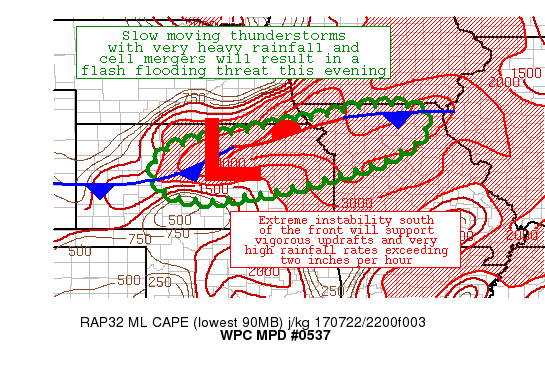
AREAS AFFECTED...EASTERN KANSAS AND NORTHERN MISSOURI

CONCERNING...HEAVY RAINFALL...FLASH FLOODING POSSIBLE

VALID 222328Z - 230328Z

SUMMARY...NUMEROUS AND INTENSE SLOW-MOVING THUNDERSTORMS WILL
CONTINUE DEVELOPING OVER THE NEXT SEVERAL HOURS WITH ADDITIONAL
CONCERNS FOR FLASH FLOODING.  RAINFALL RATES COULD EASILY EXCEED
TWO INCHES PER HOUR AT TIMES.

DISCUSSION...DOPPLER RADAR IMAGERY IS INDICATING INCREASING
COVERAGE OF VERY INTENSE CONVECTION WITH SLOW MOVEMENT NEAR A
SURFACE FRONT OVER NORTH CENTRAL KANSAS THIS EVENING.  IMPRESSIVE
OVERSHOOTING TOPS HAVE BEEN OBSERVED ON THE LATEST INFRARED
SATELLITE IMAGERY, WITH 65KFT TOPS FROM RECENT RADAR ECHO TOP
DATA.  WITH SURFACE DEWPOINTS IN THE UPPER 70S TO NEAR 80 DEGREES
FEEDING INTO THIS BOUNDARY, MLCAPE APPROACHING 5000 J/KG IS
PRESENT OVER NORTHEAST KANSAS AND NORTHWEST MISSOURI FROM THE
LATEST SPC MESOANALYSIS!  THIS AMOUNT OF LOW LEVEL MOISTURE IS
ALSO ELEVATING PWS TO THE 1.75 TO 2 INCH RANGE.

THE LATEST HRRR, WRFNSSL, AND NAM CONEST GUIDANCE ARE SUGGESTING
THE POTENTIAL FOR 2 TO 4 INCHES OF RAINFALL WITH THIS CONVECTION
THROUGH 04Z, WITH THE ACTIVITY INCREASING OVER NORTHERN MISSOURI
LATER THIS EVENING.  THIS CERTAINLY SEEMS PLAUSIBLE GIVEN RECENT
DOPPLER RADAR TRENDS.  THIS WILL MAINTAIN THE THREAT FOR FLASH
FLOODING THROUGH THIS EVENING.